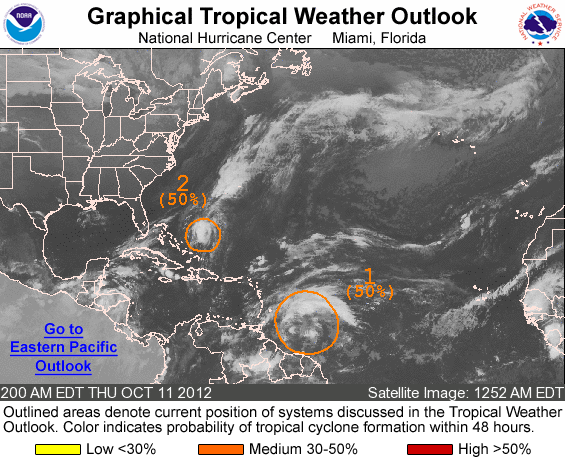
FOR THE NORTH ATLANTIC...CARIBBEAN SEA AND THE GULF OF MEXICO...

1. A VIGOROUS TROPICAL WAVE ACCOMPANIED BY A BROAD LOW PRESSURE SYSTEM IS LOCATED ABOUT 425 MILES EAST-SOUTHEAST OF THE WINDWARD ISLANDS. THUNDERSTORM ACTIVITY IS GRADUALLY BECOMING BETTER ORGANIZED...AND SATELLITE DATA INDICATE WINDS TO NEAR TROPICAL STORM FORCE ARE OCCURRING IN SOME OF THE HEAVIER SQUALLS WELL TO THE NORTH OF CIRCULATION CENTER. SOME FURTHER DEVELOPMENT OF THIS LARGE DISTURBANCE WILL BE POSSIBLE OVER THE NEXT COUPLE OF DAYS AS ENVIRONMENTAL CONDITIONS BECOME SLIGHTLY MORE CONDUCIVE. THIS SYSTEM HAS A MEDIUM CHANCE...50 PERCENT...OF BECOMING A TROPICAL CYCLONE DURING THE NEXT 48 HOURS AS IT MOVES WEST-NORTHWESTWARD AT 10 TO 15 MPH. REGARDLESS OF DEVELOPMENT...STRONG GUSTY WINDS AND HEAVY RAINFALL ARE POSSIBLE ACROSS PORTIONS OF THE LESSER ANTILLES DURING THE NEXT COUPLE OF DAYS.

2. SATELLITE IMAGERY INDICATES THE SMALL WELL-DEFINED LOW PRESSURE SYSTEM LOCATED ABOUT 275 MILES EAST OF THE CENTRAL BAHAMAS HAS CONTINUED TO BECOME BETTER ORGANIZED. THUNDERSTORM ACTIVITY HAS INCREASED NEAR THE CIRCULATION CENTER OVER THE PAST SEVERAL HOURS AND...IF THIS DEVELOPMENT TREND CONTINUES...A TROPICAL DEPRESSION COULD FORM AND BRIEFLY PERSIST BEFORE HOSTILE UPPER-LEVEL WINDS CAUSE RAPID WEAKENING OF THE LOW...OR THE LOW MERGES WITH A COLD FRONT...BY THIS AFTERNOON. THIS SYSTEM HAS A MEDIUM CHANCE...50 PERCENT...OF BECOMING A TROPICAL CYCLONE DURING THE NEXT 48 HOURS AS IT MOVES EASTWARD OR SOUTHEASTWARD AT 5 TO 10 MPH.

ADDITIONAL INFORMATION ON THIS DISTURBANCE CAN BE FOUND IN HIGH SEAS FORECASTS ISSUED BY THE TROPICAL ANALYSIS AND FORECAST BRANCH...UNDER WMO HEADER FZNT02 KNHC AND UNDER AWIPS HEADER NFDHSFAT2.

ELSEWHERE...TROPICAL CYCLONE FORMATION IS NOT EXPECTED DURING THE NEXT 48 HOURS.

FORECASTER STEWART